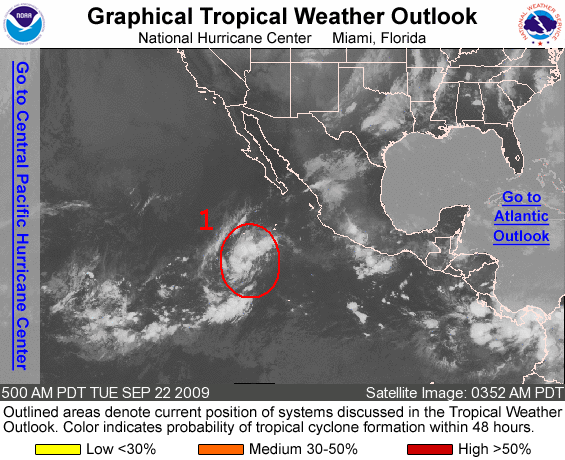
FOR THE EASTERN NORTH PACIFIC...EAST OF 140 DEGREES WEST LONGITUDE..

1. SHOWERS AND THUNDERSTORMS ASSOCIATED WITH A BROAD AREA OF LOW PRESSURE LOCATED ABOUT 675 MILES SOUTH-SOUTHWEST OF THE SOUTHERN TIP OF BAJA CALIFORNIA HAVE CHANGED LITTLE IN ORGANIZATION DURING THE PAST FEW HOURS. HOWEVER...CONDITIONS STILL APPEAR FAVORABLE FOR A TROPICAL DEPRESSION TO FORM OVER THE NEXT DAY OR TWO AS THIS SYSTEM MOVES WEST-NORTHWESTWARD AROUND 10 MPH. THERE IS A HIGH CHANCE...GREATER THAN 50 PERCENT...OF THIS SYSTEM BECOMING A TROPICAL CYCLONE DURING THE NEXT 48 HOURS.

ELSEWHERE...TROPICAL CYCLONE FORMATION IS NOT EXPECTED DURING THE NEXT 48 HOURS.

FORECASTER BERG